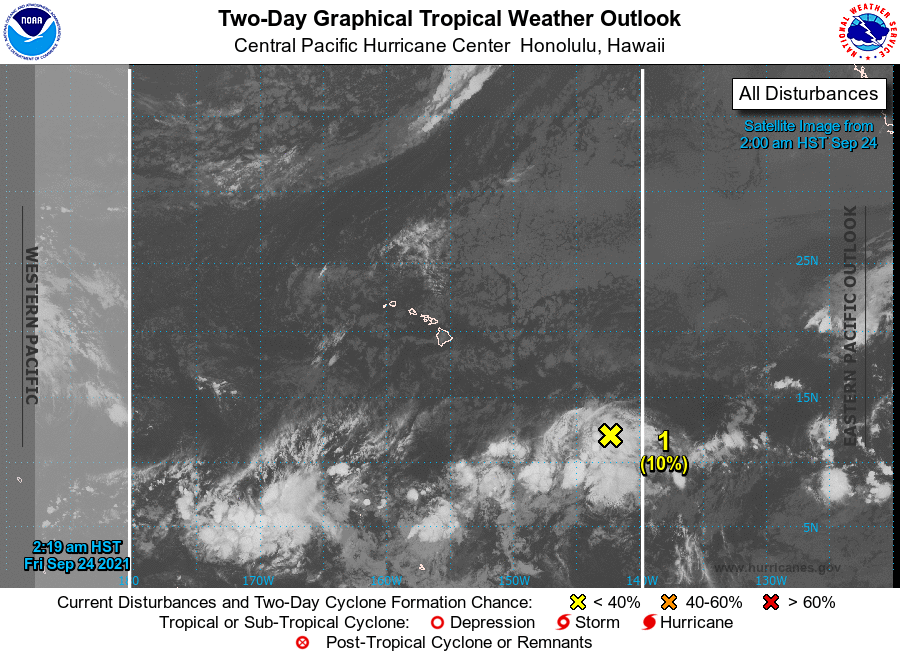
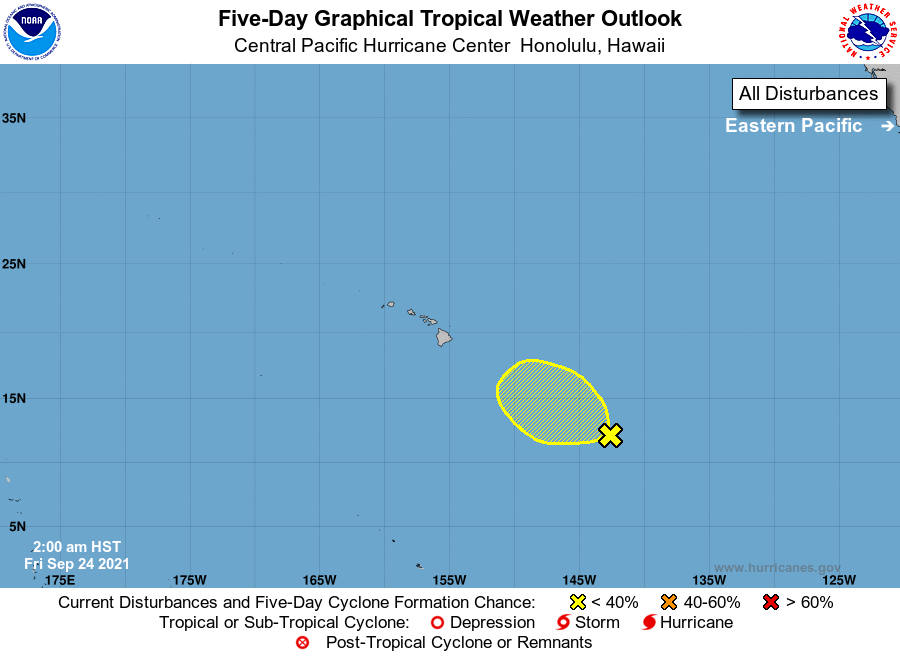
For the central North Pacific...between 140W and 180W:

1. An elongated area of low pressure located about 975 miles southeast of Hilo, Hawaii is producing disorganized showers and thunderstorms. Environmental conditions are marginally conducive for development over the next couple of days, with the low moving northwest into an area even less favorable for development this weekend.
* Formation chance through 48 hours...low...10 percent
* Formation chance through 5 days...low...10 percent

Elsewhere, no tropical cyclones are expected during the next 5 days.

Forecaster Blood